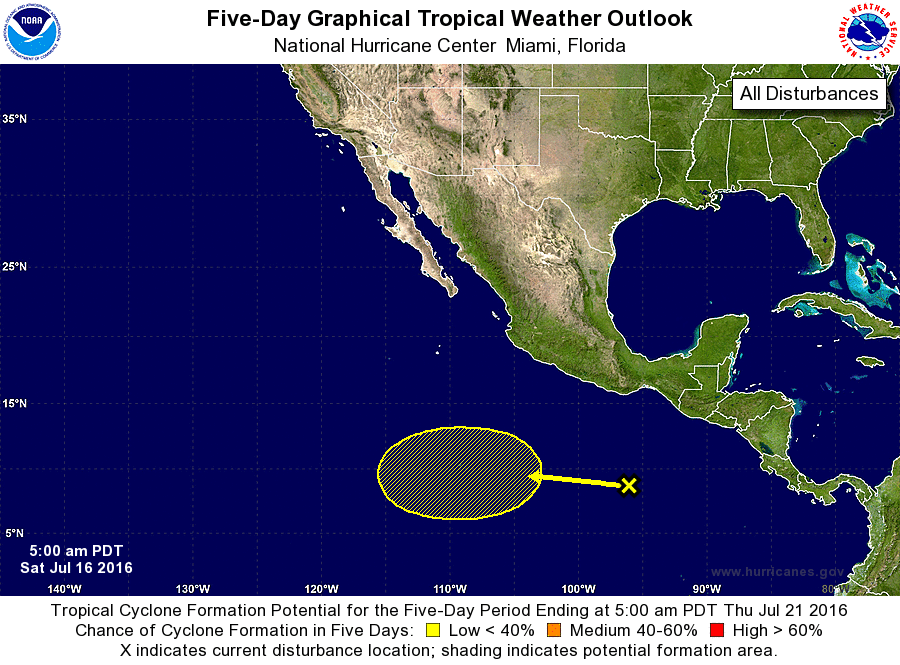
For the eastern North Pacific...east of 140 degrees west longitude:

The National Hurricane Center is issuing advisories on Hurricane Darby, located more than 900 miles west-southwest of the southern tip of the Baja California peninsula, and on Tropical Storm Estelle, located about 400 miles southwest of Manzanillo, Mexico.

1. An area of disturbed weather is located several hundred miles south of the Gulf of Tehuantepec. A broad area of low pressure is expected to form over the next few days, and some gradual development is possible by the middle of next week while this system moves westward at about 10 mph.
* Formation chance through 48 hours...low...near 0 percent
* Formation chance through 5 days...low...20 percent

Public Advisories on Tropical Storm Estelle are issued under WMO header WTPZ31 KNHC and under AWIPS header MIATCPEP1. Forecast/Advisories on Estelle are issued under WMO header WTPZ21 KNHC and under AWIPS header MIATCMEP1.

Forecaster Berg